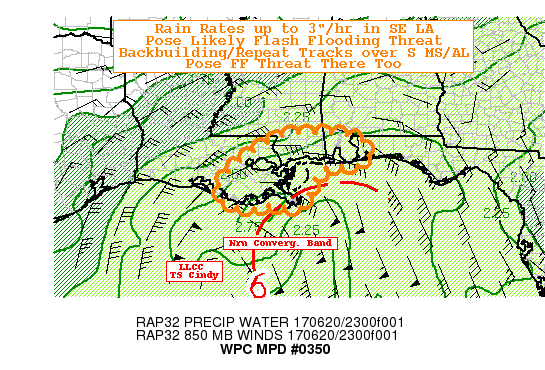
AREAS AFFECTED...SOUTHEAST LA...COASTAL MS & AL

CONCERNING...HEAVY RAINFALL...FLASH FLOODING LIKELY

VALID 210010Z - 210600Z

SUMMARY...NORTHERN OUTER BAND OF TS CINDY PRODUCING HEAVY RAINFALL
CAPABLE OF FLASH FLOODING.

DISCUSSION...EXPERIMENTAL GOES-16 VISIBLE/EIR IMAGERY CONTINUES TO
DEPICT CONVECTION ALONG THE NORTHERN/NORTHEASTERN CONVERGENCE BAND
EXTENDING FROM SOUTH OF TERREBONNE BAY THROUGH THE MS RIVER DELTA
TOWARD THE CHANDELEUR ISLANDS.  STRONG SURFACE AND LOW LEVEL
MOISTURE CONFLUENCE OF ELY 45-50KTS AND SELY FLOW AS WELL AS SOME
ADDITIONAL ENELY FLOW OFF THE LAND WITH TDS IN THE LOW TO MID-70S
HAS SATURATED THE LOWER PROFILE SUPPORTING TPW NEAR 2.7"
SUGGESTING RAIN RATES OF 3"/HR ARE LIKELY  WITH THIS CONVECTION.
GIVEN THE LOW LEVEL CENTER AS BEEN VERY SLOW TO MOVE WITH ONLY A
MINOR JOG NNW OVER THE LAST HOUR OR SO...THE FORWARD ADVANCEMENT
OF THE CONVERGENCE BAND IS ALSO NEAR ZERO...SUPPORTING COMPOUNDING
TOTALS WITH THE POTENTIAL OF 6"+ LEADING TO FLASH FLOODING
CONCERNS.  DUE TO MASS PILING FROM EASTERLY WINDS...RIVER OUTLETS
WILL LIKELY BE EFFECTIVELY BLOCKED ALLOWING FOR UPSTREAM FLOW TO
BACK UP QUICKER THAN NORMAL.

FURTHER NORTH AND EAST...BAND WILL SLOWLY LIFT NORTHWARD TOWARD
THE MS/AL COASTLINE OVER THE NEXT HOUR OR SO.  RAP ANALYSIS SHOWS
AREA CONTINUES TO BE SOCKED IN WITH LIMITED INSTABILITY AVAILABLE
FOR SIGNIFICANT VERTICAL GROWTH OVER THE LAST FEW HOURS...LIMITING
TO SHOWERS OF .15-.25"/HR.  RAP/HRRR FORECASTS SUGGEST INSTABILITY
WILL BE INCREASING SUPPORTING FURTHER CONVECTIVE DEVELOPMENT THAT
IS LIKELY TO BE SHALLOW INITIALLY BUT LIKELY HIGHLY EFFICIENT
EVENTUALLY REACH RATES UP TO 2"/HR. STRONG SELY FLOW BEHIND THE
BOUNDARY WILL ALSO SUPPORT UPSTREAM PROPAGATION VECTORS ALLOWING
FOR SOME BACK-BUILDING.

SOME HI-RES GUIDANCE (HRRR/HRRRX) CONTINUES TO SUGGEST A STRONG
NNW TO SSE BAND OF CONVECTION ALONG CONFLUENCE OF SLY AND SELY LOW
LEVEL STREAMS WAS TO HAVE FORMED AND FORECAST TO TRACK THROUGH THE
CHANDELEUR ISLANDS TOWARD THE MS COAST.  THIS HAS NOT MANIFESTED
LIKELY DUE TO SLIGHT INCREASED SWLY MID-LEVEL FLOW AND ASSOCIATED
DRYING (SEEN IN GOES-16 7.3/6.9 WV CHANNELS)...PRESSING THE WARM
CONVEYOR BELT FURTHER EAST IS LIKELY DELAYED A FEW HOURS...PERHAPS
RAMPING UP TOWARD DIURNAL MAXIMA IN THE LATE OVERNIGHT HOURS.
WILL CONTINUE TO MONITOR THIS EVOLUTION.